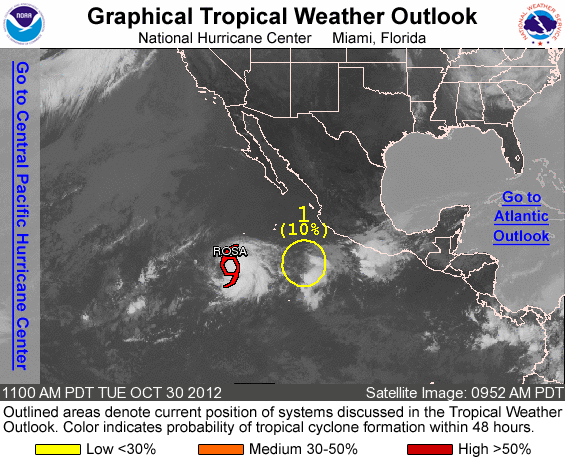
FOR THE EASTERN NORTH PACIFIC...EAST OF 140 DEGREES WEST LONGITUDE..

THE NATIONAL HURRICANE CENTER IS ISSUING ADVISORIES ON TROPICAL STORM ROSA...LOCATED ABOUT 725 MILES SOUTHWEST OF CABO SAN LUCAS MEXICO.

1. DISORGANIZED SHOWERS AND THUNDERSTORMS ARE ASSOCIATED WITH A WEAK AREA OF LOW PRESSURE LOCATED ABOUT 400 MILES SOUTHWEST OF MANZANILLO MEXICO. UPPER-LEVEL WINDS ARE NOT EXPECTED TO BE CONDUCIVE FOR SIGNIFICANT DEVELOPMENT AS THE LOW MOVES SLOWLY WEST-NORTHWESTWARD. THIS SYSTEM HAS A LOW CHANCE...10 PERCENT...OF BECOMING A TROPICAL CYCLONE DURING THE NEXT 48 HOURS.

ELSEWHERE...TROPICAL CYCLONE FORMATION IS NOT EXPECTED DURING THE NEXT 48 HOURS.

&&
PUBLIC ADVISORIES ON ROSA ARE ISSUED UNDER WMO HEADER WTPZ32 KNHC AND UNDER AWIPS HEADER MIATCPEP2. FORECAST/ADVISORIES ON ROSA ARE ISSUED UNDER WMO HEADER WTPZ22 KNHC AND UNDER AWIPS HEADER MIATCMEP2.

FORECASTER BLAKE